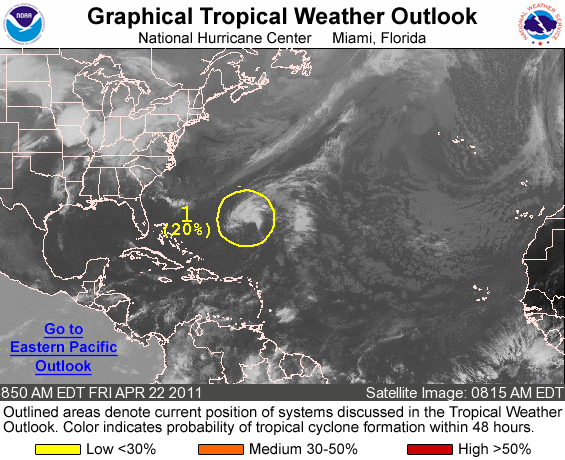
FOR THE NORTH ATLANTIC...CARIBBEAN SEA AND THE GULF OF MEXICO...

1. SHOWER ACTIVITY ASSOCIATED WITH A NON-TROPICAL LOW CENTERED ABOUT 385 MILES SOUTH-SOUTHEAST OF BERMUDA IS A LITTLE BETTER ORGANIZED THIS MORNING...ALTHOUGH WINDS NEAR THE SYSTEM APPEAR TO HAVE DECREASED BELOW GALE FORCE. THERE IS A LOW CHANCE...20 PERCENT...OF THIS SYSTEM DEVELOPING INTO A SUBTROPICAL OR TROPICAL CYCLONE WITHIN THE NEXT 12 TO 24 HOURS BEFORE ENVIRONMENTAL CONDITIONS BECOME HIGHLY UNFAVORABLE FOR ADDITIONAL DEVELOPMENT. THE LOW IS MOVING NORTHWARD AT 10 MPH BUT SHOULD SLOW DOWN LATER TODAY.

ADDITIONAL INFORMATION ON THIS LOW CAN BE FOUND IN HIGH SEAS FORECASTS ISSUED BY THE NHC/TROPICAL ANALYSIS AND FORECAST BRANCH...UNDER AWIPS HEADER NFDHSFAT2 AND WMO HEADER FZNT02 KNHC. ADDITIONAL SPECIAL TROPICAL WEATHER OUTLOOKS WILL BE ISSUED AS NECESSARY.

ELSEWHERE...TROPICAL CYCLONE FORMATION IS NOT EXPECTED DURING THE NEXT 48 HOURS.

FORECASTER AVILA